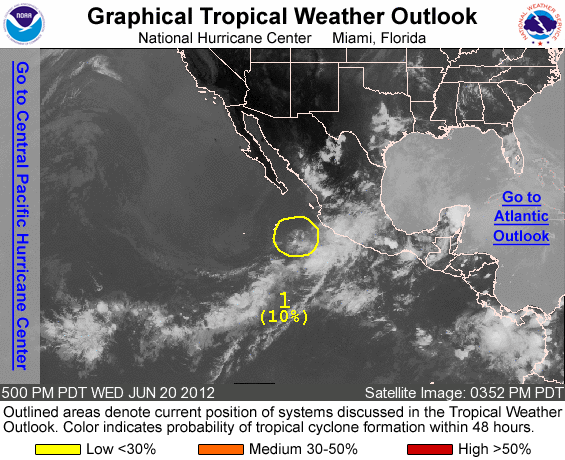
FOR THE EASTERN NORTH PACIFIC...EAST OF 140 DEGREES WEST LONGITUDE..

1. A NEARLY STATIONARY AREA OF LOW PRESSURE LOCATED ABOUT 330 MILES SOUTH-SOUTHEAST OF THE SOUTHERN TIP OF BAJA CALIFORNIA IS PRODUCING LIMITED SHOWER ACTIVITY. CONDITIONS ARE NOT FAVORABLE FOR DEVELOPMENT...AND THIS SYSTEM HAS A LOW CHANCE...10 PERCENT...OF BECOMING A TROPICAL CYCLONE DURING THE NEXT 48 HOURS

ELSEWHERE...TROPICAL CYCLONE FORMATION IS NOT EXPECTED DURING THE NEXT 48 HOURS.

FORECASTER AVILA